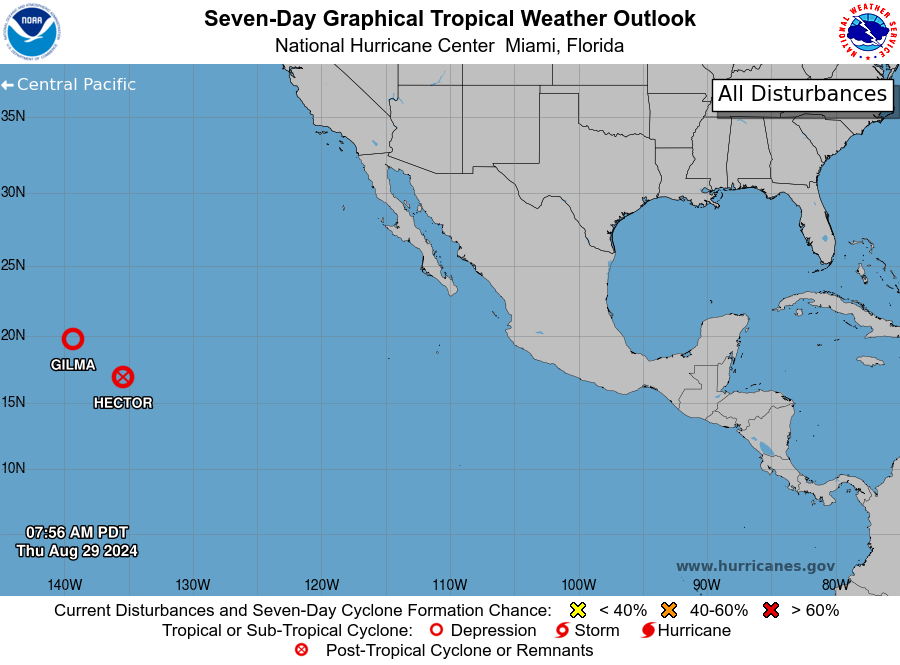
For the eastern North Pacific...east of 140 degrees west longitude:

Active Systems: The National Hurricane Center has issued the last advisory on the remnants of Hector, located over the western portion of the East Pacific basin.

Tropical cyclone formation is not expected during the next 7 days.

Forecaster Reinhart